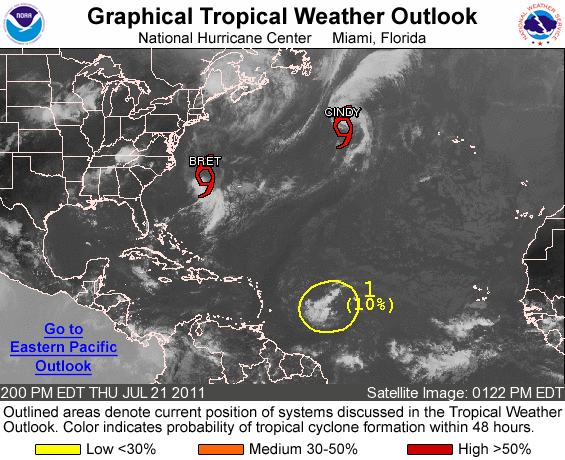
FOR THE NORTH ATLANTIC...CARIBBEAN SEA AND THE GULF OF MEXICO...

THE NATIONAL HURRICANE CENTER IS ISSUING ADVISORIES ON TROPICAL STORM CINDY...LOCATED ABOUT 1095 MILES NORTH-NORTHWEST OF THE AZORES. ADVISORIES ARE ALSO BEING ISSUED ON TROPICAL STORM BRET...LOCATED ABOUT 295 MILES EAST-SOUTHEAST OF CAPE HATTERAS NORTH CAROLINA.

1. A TROPICAL WAVE LOCATED ABOUT 750 MILES EAST OF THE WINDWARD ISLANDS IS PRODUCING DISORGANIZED SHOWER AND THUNDERSTORM ACTIVITY. SOME SLOW DEVELOPMENT OF THIS SYSTEM IS POSSIBLE DURING THE NEXT COUPLE OF DAYS AS IT MOVES TOWARD THE WEST-NORTHWEST AT 15 TO 20 MPH. THERE IS A LOW CHANCE...10 PERCENT...OF THIS SYSTEM BECOMING A TROPICAL CYCLONE DURING THE NEXT 48 HOURS.

ELSEWHERE...TROPICAL CYCLONE FORMATION IS NOT EXPECTED DURING THE NEXT 48 HOURS.

PUBLIC ADVISORIES ON CINDY ARE ISSUED UNDER WMO HEADER WTNT33 KNHC AND UNDER AWIPS HEADER MIATCPAT3. FORECAST/ADVISORIES ON CINDY ARE ISSUED UNDER WMO HEADER WTNT23 KNHC AND UNDER AWIPS HEADER MIATCMAT3.

FORECASTER BEVEN